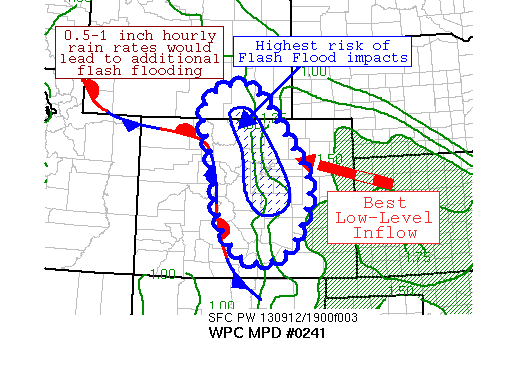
AREAS AFFECTED...CENTRAL CO...SOUTHEAST WY

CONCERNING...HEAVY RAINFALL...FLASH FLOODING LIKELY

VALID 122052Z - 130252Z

SUMMARY...HEAVY RAINFALL IS BEGINNING TO INCREASE IN COVERAGE
ACROSS PORTIONS OF CENTRAL CO IN A LINE JUST TO THE EAST OF
DENVER.  DUE TO THE HEAVY RAINS IN THIS REGION SINCE LAST NIGHT,
REGIONAL FLASH FLOODING IS CONSIDERED LIKELY.

DISCUSSION...A NORTH-SOUTH ORIENTED BAND OF HEAVY RAINS WITH
HOURLY RATES OF 0.5-1 INCH PER HOUR IS ALIGNED JUST TO THE EAST OF
A STATIONARY FRONT DRAPED AGAINST THE FRONT RANGE OF THE ROCKIES.
PRECIPITABLE WATER VALUES OF 1.25-1.50 INCHES IN THE 99TH
PERCENTILE FOR THE REGION FOR MID-SEPTEMBER AND NEAR RECORD HIGH
VALUES FOR SEPTEMBER, WHICH IS INCREASING PRECIPITATION EFFICIENCY
TO WELL ABOVE NORMAL VALUES.  THE SATELLITE-DERIVED LIGHTNING
DENSITY PRODUCT INDICATES MINIMAL LIGHTNING IN THIS REGION,
INDICATIVE OF WARM RAIN PROCESSES AT PLAY.

NO REDUCTION OF 850-700 HPA UPSLOPE FLOW IS ANTICIPATED OVER THE
NEXT SEVERAL HOURS PER THE 19Z RAP GUIDANCE, WITH DIVERGENCE ALOFT
EXPECTED TO REMAIN EXCELLENT OVER CO BETWEEN A DEEP-LAYERED LOW IN
THE GREAT BASIN AND AN UPPER LEVEL TROUGH IN THE GREAT LAKES
DURING THIS TIME FRAME.  CAPES OF 500-1000 J/KG ARE BEING IMPORTED
INTO THE REGION, WHICH HAS BEEN ENOUGH TO DRIVE THIS HEAVY
RAINFALL EVENT SO FAR.  INDIVIDUAL CELLS ARE EXPECTED TO MOVE
NORTHWARD AT 10 KNOTS, IN LINE WITH THE 12Z NAM 850-400 HPA MEAN
LAYERED WIND AND THE 12Z GFS CORFIDI VECTORS.  MOST OF THE
MESOSCALE MODELS INDICATE HEAVY RAINFALL BEING IN THE CARDS OVER
THE NEXT SEVERAL HOURS.  CONSIDERING THE LONG DURATION OF HEAVY
RAINFALL IN THIS REGION, WHICH HAS LOWERED FLASH FLOOD GUIDANCE
VALUES TO NEAR ZERO ACROSS NORTH-CENTRAL CO, FLASH FLOODING IS
CONSIDERED LIKELY INTO TONIGHT.